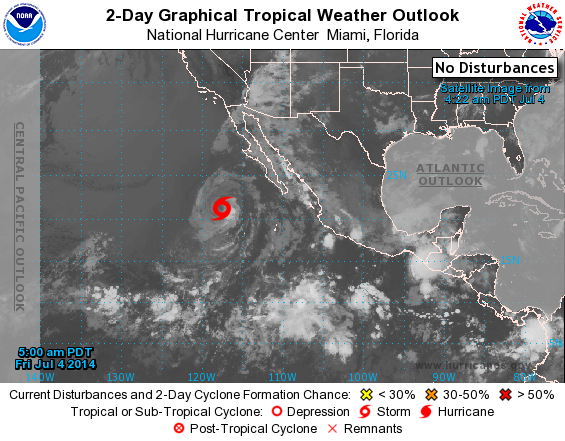
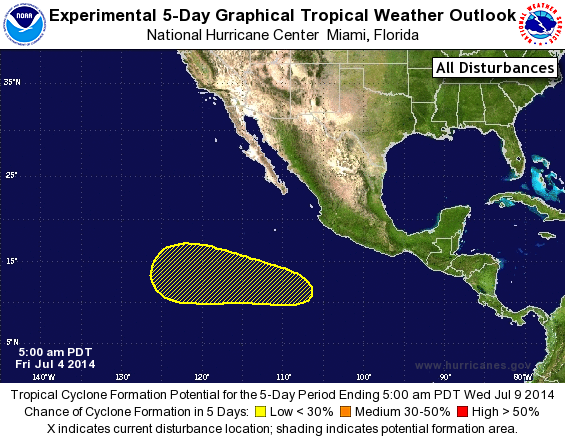
For the eastern North Pacific...east of 140 degrees west longitude:

The National Hurricane Center is issuing advisories on Tropical Storm Douglas, located several hundred miles west-southwest of the southern tip of the Baja California peninsula of Mexico.

1. A low pressure area could form well to the southwest of southwestern Mexico by early next week, and some gradual development of this system is possible after that while it moves westward or west- northwestward.
* Formation chance through 48 hours...low...near 0 percent.
* Formation chance through 5 days...low...20 percent.

Forecaster Kimberlain